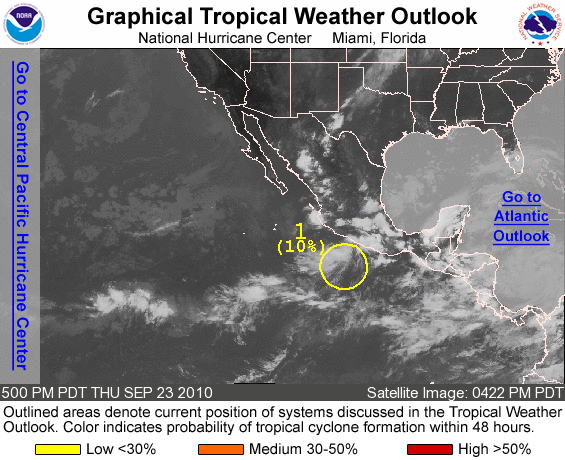
FOR THE EASTERN NORTH PACIFIC...EAST OF 140 DEGREES WEST LONGITUDE..

1. SHOWERS AND THUNDERSTORMS ASSOCIATED WITH A BROAD AREA OF LOW PRESSURE LOCATED ABOUT 125 MILES SOUTHWEST OF ACAPULCO REMAIN DISORGANIZED. DEVELOPMENT...IF ANY...OF THIS SYSTEM SHOULD BE SLOW TO OCCUR AS IT MOVES SLOWLY TOWARD THE WEST-NORTHWEST DURING THE NEXT DAY OR TWO. THERE IS A LOW CHANCE...10 PERCENT...OF THIS SYSTEM BECOMING A TROPICAL CYCLONE DURING THE NEXT 48 HOURS.

ELSEWHERE...TROPICAL CYCLONE FORMATION IS NOT EXPECTED DURING THE NEXT 48 HOURS.

FORECASTER BLAKE